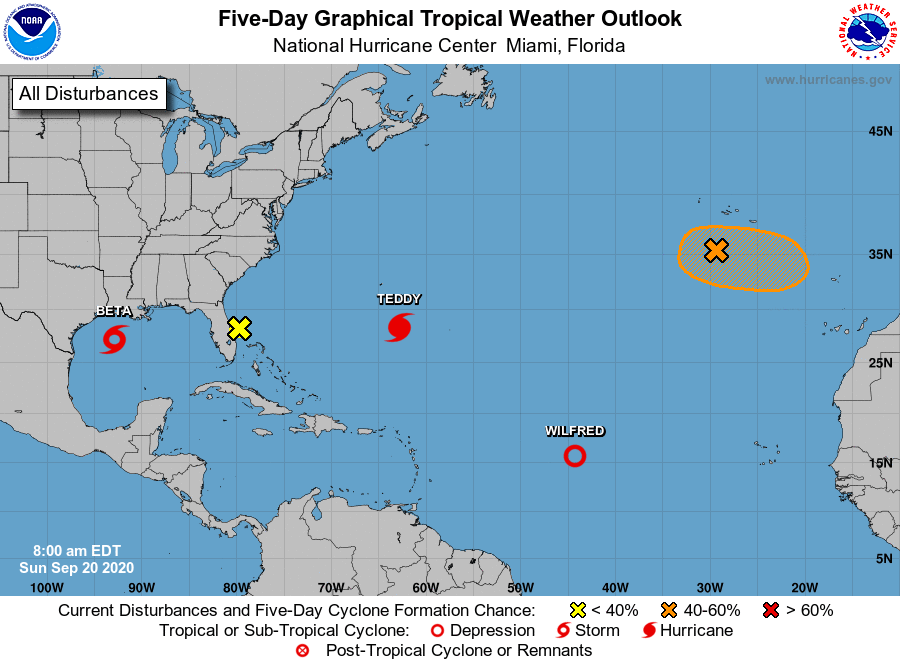
For the North Atlantic...Caribbean Sea and the Gulf of Mexico:

The National Hurricane Center is issuing advisories on Tropical Storm Beta, located over the western Gulf of Mexico, on Hurricane Teddy, located a few hundred miles south-southeast of Bermuda, and on Tropical Storm Wilfred, located over the central tropical Atlantic.

1. Post-Tropical Cyclone Paulette is located a few hundred miles south of the Azores and continues to produce a few showers, well to the northwest and north of its center of circulation. This system is drifting southward over marginally warm waters and is expected to begin moving eastward in a couple of days. The cyclone could develop tropical or subtropical characteristics during the next day or two. For more information about marine hazards associated with this system, see High Seas Forecasts issued by Meteo France.
* Formation chance through 48 hours...medium...60 percent.
* Formation chance through 5 days...medium...60 percent.

2. A small and weak low pressure system, located near a frontal boundary just off the coast of east-central Florida, is producing a small area of thunderstorms mainly offshore the coast. The low is expected to move inland over Florida or dissipate later today, and significant development is not anticipated. For more information on this system, please see local products and High Seas Forecasts issued by the National Weather Service.
* Formation chance through 48 hours...low...10 percent.
* Formation chance through 5 days...low...10 percent.

High Seas Forecasts issued by Meteo France can be found under WMO header FQNT50 LFPW and are available on the web at www.meteofrance.com/previsions-meteo-marine/bulletin/grandlarge/ metarea2

Local forecast products issued by the National Weather Service are available on the web at www.weather.gov.

High Seas Forecasts issued by the National Weather Service can be found under AWIPS header NFDHSFAT1, WMO header FZNT01 KWBC, and online at ocean.weather.gov/shtml/NFDHSFAT1.php

Forecaster Stewart